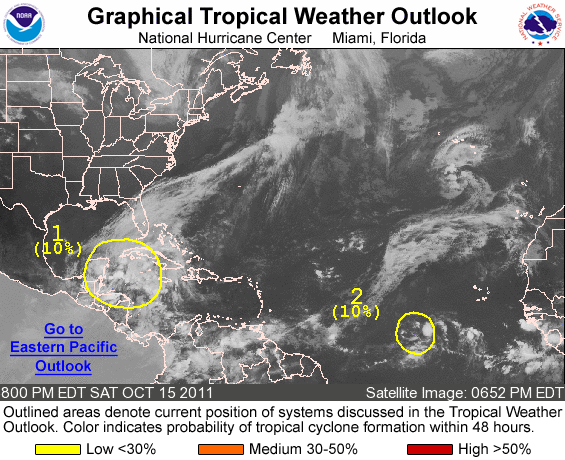
FOR THE NORTH ATLANTIC...CARIBBEAN SEA AND THE GULF OF MEXICO...

1. A BROAD LOW PRESSURE AREA CENTERED OVER THE YUCATAN PENINSULA OF MEXICO IS PRODUCING A LARGE AREA OF DISORGANIZED SHOWERS AND THUNDERSTORMS ACROSS MUCH OF THE NORTHWESTERN CARIBBEAN SEA AND ADJACENT LAND AREAS. DUE TO THE CENTER BEING OVER LAND...ANY DEVELOPMENT OF THE LOW SHOULD BE SLOW TO OCCUR. THIS SYSTEM HAS A LOW CHANCE...10 PERCENT...OF BECOMING A TROPICAL CYCLONE DURING THE NEXT 48 HOURS. REGARDLESS OF DEVELOPMENT...THIS DISTURBANCE IS EXPECTED TO PRODUCE LOCALLY HEAVY RAINS OVER THE YUCATAN PENINSULA...GUATEMALA...HONDURAS...BELIZE...CUBA...JAMAICA...AND THE CAYMAN ISLANDS DURING THE NEXT COUPLE OF DAYS. IN ADDITION... STRONG GUSTY WINDS ARE LIKELY OVER THE SOUTHERN GULF OF MEXICO DURING THE NEXT COUPLE OF DAYS.

2. SHOWERS AND THUNDERSTORMS ASSOCIATED WITH AN AREA OF LOW PRESSURE LOCATED ABOUT 900 MILES WEST-SOUTHWEST OF THE CAPE VERDE ISLANDS REMAIN POORLY ORGANIZED. DEVELOPMENT...IF ANY...OF THIS SYSTEM IS EXPECTED TO BE SLOW TO OCCUR...AND IT HAS A LOW CHANCE... 10 PERCENT...OF BECOMING A TROPICAL CYCLONE DURING THE NEXT 48 HOURS AS IT MOVES WESTWARD AT ABOUT 15 MPH.

ELSEWHERE...TROPICAL CYCLONE FORMATION IS NOT EXPECTED DURING THE NEXT 48 HOURS.

FORECASTER BEVEN